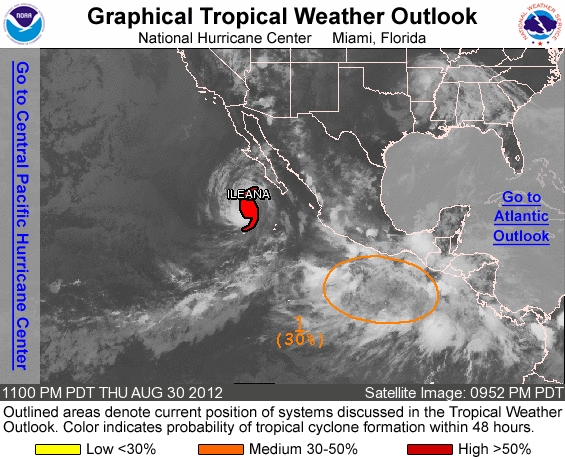
FOR THE EASTERN NORTH PACIFIC...EAST OF 140 DEGREES WEST LONGITUDE..

THE NATIONAL HURRICANE CENTER IS ISSUING ADVISORIES ON HURRICANE ILEANA...LOCATED ABOUT 300 MILES WEST-SOUTHWEST OF THE SOUTHERN TIP OF BAJA CALIFORNIA MEXICO.

1. A LARGE AREA OF DISORGANIZED SHOWERS AND THUNDERSTORMS EXTENDS SEVERAL HUNDRED MILES SOUTH OF THE COAST OF SOUTHERN MEXICO. UPPER-LEVEL WINDS ARE EXPECTED TO BE MARGINALLY CONDUCIVE FOR DEVELOPMENT...AND THIS SYSTEM HAS A MEDIUM CHANCE...30 PERCENT...OF BECOMING A TROPICAL CYCLONE DURING THE NEXT 48 HOURS AS IT MOVES WEST-NORTHWESTWARD AT 10 TO 15 MPH.

ELSEWHERE...TROPICAL CYCLONE FORMATION IS NOT EXPECTED DURING THE NEXT 48 HOURS.

FORECASTER BERG